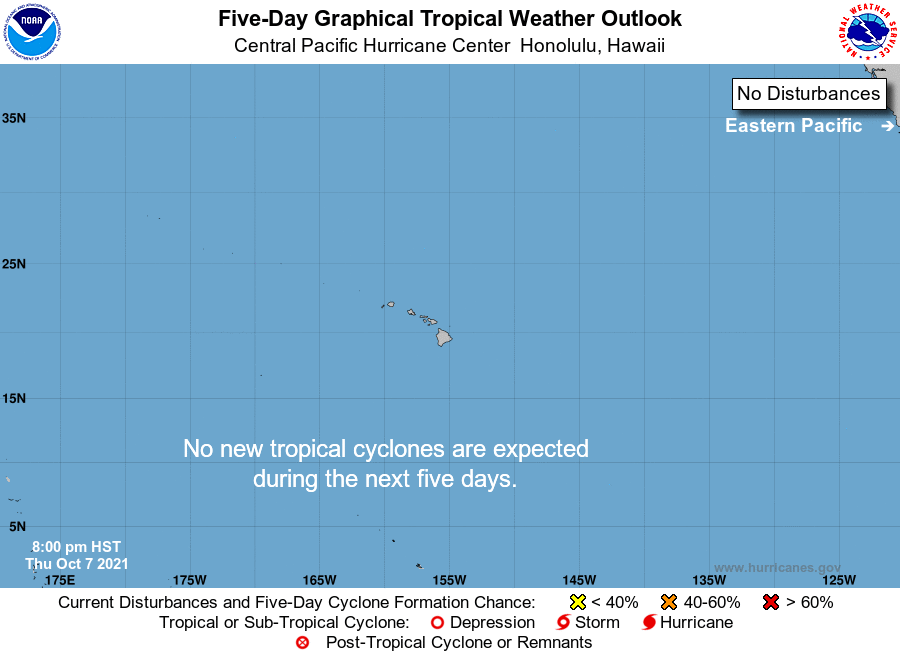
For the central North Pacific...between 140W and 180W:

No tropical cyclones are expected during the next 5 days.

Forecaster Jelsema